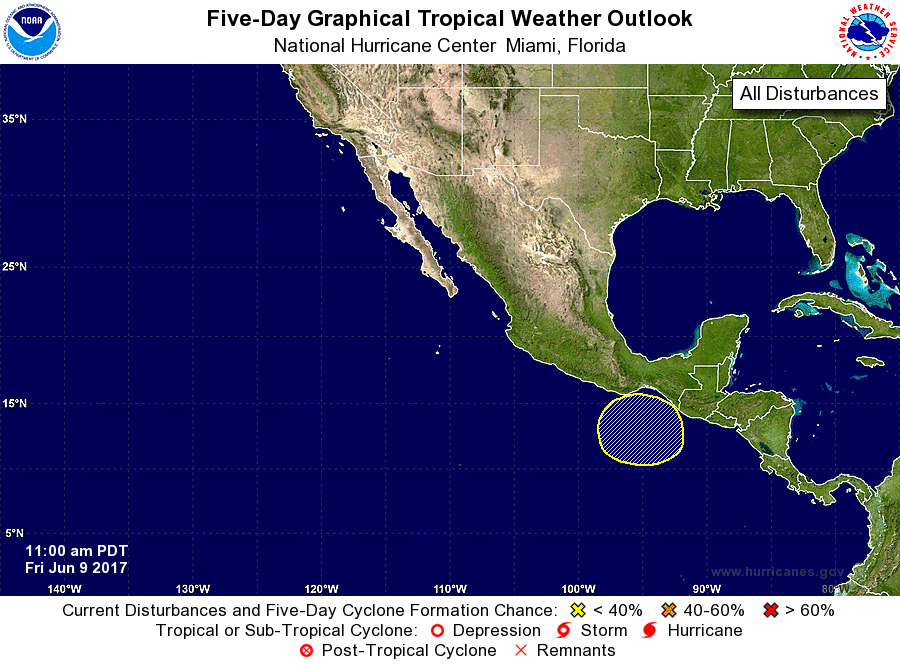
For the eastern North Pacific...east of 140 degrees west longitude:

1. A broad area of low pressure could form early next week a few hundred miles south of the southern coast of Mexico. Conditions appear to be favorable for some gradual development of this system as it moves slowly northwestward along or near the coast of Mexico.
* Formation chance through 48 hours...low...near 0 percent.
* Formation chance through 5 days...low...20 percent.

Forecaster Avila